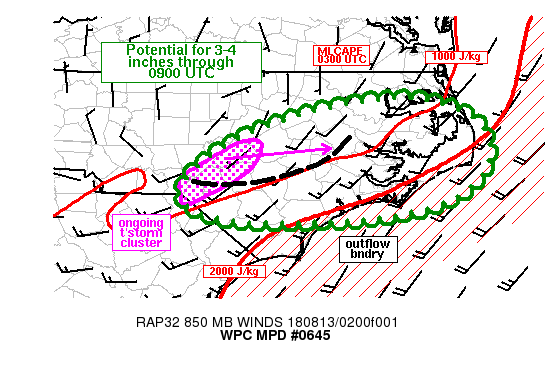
Areas affected...eastern NC

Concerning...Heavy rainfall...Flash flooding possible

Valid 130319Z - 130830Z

Summary...Flash flooding will be possible across portions of
eastern NC through at least 09Z. 3-4 inches in 2-3 hours could
fall in a couple of locations.

Discussion...03Z regional radar imagery showed a small cluster of
thunderstorms producing KRAX estimated 1-2 in/hr rain rates over
south-central NC with an embedded mesoscale circulation over Hoke
county, tracking toward the east. Surface observations depicted a
slowly sagging outflow boundary just ahead of the small
thunderstorm cluster arcing from near OCW to just south of FAY.
Southwesterly 850 mb flow of roughly 10 kt was overrunning the
outflow with scattered thunderstorms located just north of the
outflow boundary. Despite fading with the onset of nocturnal
cooling, MLCAPE should remain sufficient to support heavy rainfall
rates with CAPE values increasing toward the east along with
stronger 850 mb flow of roughly 20 kt closer to the coast.

Southwesterly flow nearly parallel to the outflow boundary and
similar low level inflow/cloud-bearing winds may cause training of
heavy rain cores across portions of eastern NC as the ongoing
thunderstorm cluster over south-central NC continues to move east
over the next few hours. Precipitable water values near 2 inches,
remaining instability and upper support in the form of speed
divergence tied to a 70-90 kt speed max located over the northern
Mid-Atlantic region are expected to continue convection well into
the night. Beyond 06Z, additional convection is forecast by recent
runs of the HRRR to develop near the central and southern NC coast
which will have the potential to train and may combine with
activity propagating eastward from east-central NC allowing for
brief cell mergers. Given Flash Flood Guidance is generally 2.5 to
3.5 inches in 3 hours, flash flooding will be possible.